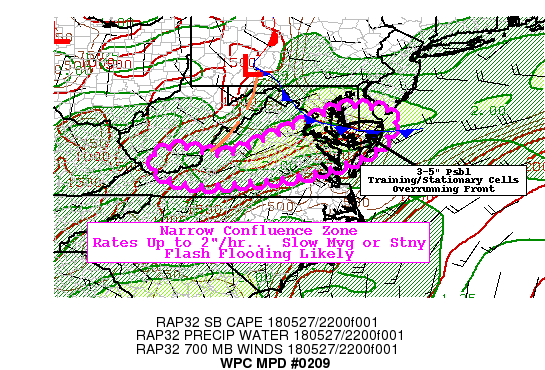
AREAS AFFECTED...CENTRAL VA...SOUTHERN AND EASTERN MD...SOUTHERN
DE...EXT SOUTHEAST WV

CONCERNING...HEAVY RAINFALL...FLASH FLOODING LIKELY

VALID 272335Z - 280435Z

SUMMARY...NARROW CORRIDOR OF MOIST CONFLUENCE/CONVERGENCE FOR
EFFICIENT RAINFALL RATES WITH SLOW TRAINING AND POTENTIAL
STATIONARY CELLS.

DISCUSSION...RAP ANALYSIS FIELDS DEPICT A NARROW MID-LEVEL
CONFLUENCE ZONE FROM NEAR APPOMATTOX COUNTY TO SOUTHERN DE, WHERE
20KT 7H FLOW ROUNDS THE SE VA RIDGE INTO THIS ZONE WHILE WEAK
5-15KT FLOW NORTH OF THE ZONE CONVERGES AS WELL LEADING TO MASS
PILING AND TPWS UP TO 2.0".  ADDITIONALLY SUFFICIENT DAYTIME
HEATING ALSO ALLOWED FOR A RESERVOIR OF INSTABILITY TO BUILD UP
SOUTH OF THE ZONE WITH SBCAPES UP TO 2500 J/KG STILL GENERALLY
UNCAPPED.  AS SUCH ACTIVE CONVECTION HAS BEEN DEVELOPING ALONG THE
LINE WITH NUMEROUS OVERSHOOTING TOPS FROM LYNCHBURG TO THE
NORTHERN NECK OF VA SEEN IN GOES-16 IMAGERY.  WITH NEAR NEGLIGIBLE
LOSS TO MOISTEN THE COLUMN, CELLS WILL BE HIGHLY EFFICIENT WITH
RATES UP TO 2.0"/HR.  CELLS DUE TO THE WEAK CONFLUENCE AND
STEERING IN THE MID-LEVELS CELLS WILL SLOWLY TRACK ENE WITH
TRAINING POSSIBLE.  THE GOOD NEWS IS THAT THERE IS STRONG GUIDANCE
TO SUPPORT THAT THE RESERVOIR OF INSTABILITY WILL BE EXHAUSTED
WITH LOSS OF DAY TIME HEATING AND CELLS WILL WEAKEN.  ANOTHER
LIMITING FACTOR COULD BE OVERLOADING OF DOWNDRAFTS WHICH COULD
DISRUPT UPDRAFTS GIVEN VERY WEAK INFLOW. RATES AND SLOW CELL
MOTIONS EVEN IF DISRUPTED SHOULD BE SUFFICIENT TO EXCEED THE LOW
1HR FFG VALUES BELOW 1.5" OR LOWER...THOUGH FF WILL BE MORE
LOCALIZED IN THE PIEDMONT AND SW VA AND SE WV.

AREA OF GREATEST CONCERN EXISTS NEAR THE SLOW SOUTHWESTWARD
SAGGING 'BACKDOOR' FRONTAL ZONE THAT BISECTS THE AREA OF CONCERN
NOW ACROSS NOVA TO SOUTHERN MD AND MORE EASTWARD FROM CGE TO
FENWICK ISLAND; WITH THIS LAST SEGMENT FAIRLY PARALLEL TO THE
CONFLUENCE ZONE.  AS SUCH INCREASED SFC CONVERGENCE AND ASCENT
THAT SHOULD BE INCREASED TO ALLOW FOR STRONGER INFLOW WILL SUPPORT
STRONGER FLUX AS WELL AS LONGER AREA OF ASCENT...AS SUCH 3-5" IS
POSSIBLE ACROSS THE CENTRAL DELMARVA AND 2-4" ACROSS S MD. THIS IS
IN LINE WITH THE GEM-REGIONAL AND NAM CONEST AND SUPPORTED BY
RECENT HRRR RUNS.